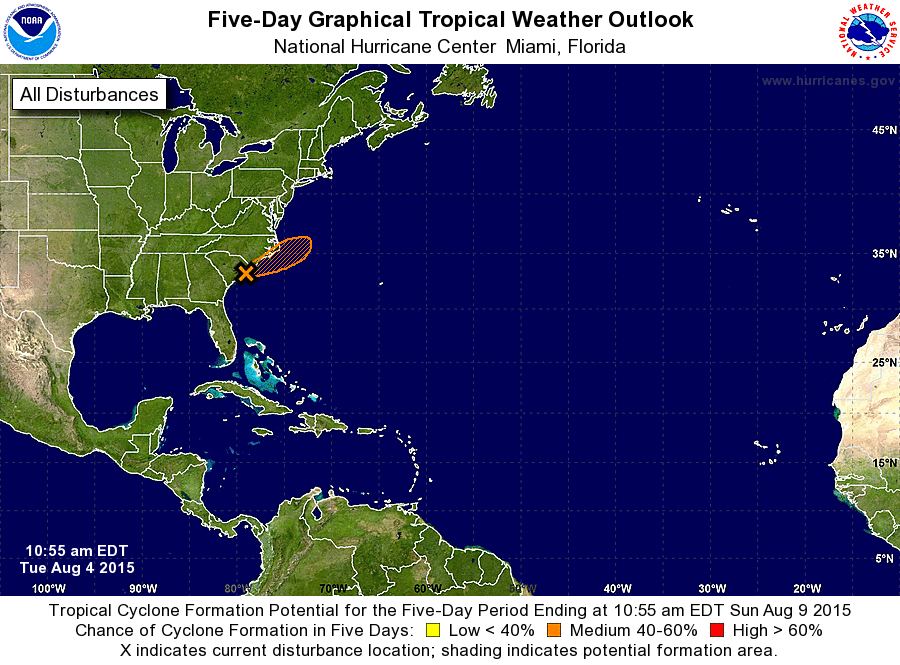
For the North Atlantic...Caribbean Sea and the Gulf of Mexico:

Special tropical weather outlook issued to update the discussion on the low pressure area near Myrtle Beach, South Carolina.

1. Satellite imagery and radar data indicate that thunderstorm activity has increased since yesterday in association with the low pressure area centered near Myrtle Beach, South Carolina. In addition, surface observations indicate that the circulation has become better defined, with winds near 35 mph over water to the east and south of the center. While upper-level winds are at best marginally conducive, there is some potential for a tropical cyclone to form later today or tonight as the low moves northeastward along the coasts of South and North Carolina. After tonight, the low is expected to move into the open Atlantic Ocean and merge with a frontal system. Regardless of development, locally heavy rains and gusty winds will spread along the coastal areas of South and North Carolina today and tonight. For additional information on this system, see High Seas Forecasts and local forecast office products issued by the National Weather Service. An Air Force Reserve Hurricane Hunter aircraft is scheduled to investigate this system this afternoon.
* Formation chance through 48 hours...medium...40 percent
* Formation chance through 5 days...medium...40 percent

High Seas Forecasts issued by the National Weather Service can be found under AWIPS header NFDHSFAT1 and WMO header FZNT01 KWBC.

Forecaster Beven